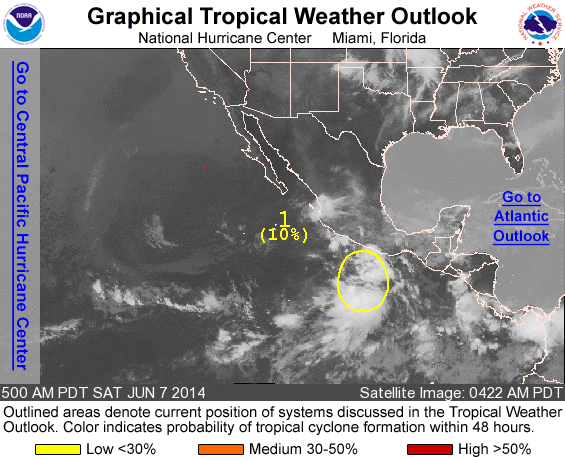
For the eastern North Pacific...east of 140 degrees west longitude:

1. A broad area of low pressure has formed several hundred miles south of Acapulco, Mexico. Although shower and thunderstorm activity is poorly organized at this time, slow development of this system is possible during the next several days as the low drifts northwestward.
* Formation chance through 48 hours...low...10 percent.
* Formation chance through 5 days...medium...40 percent.

Forecaster Kimberlain